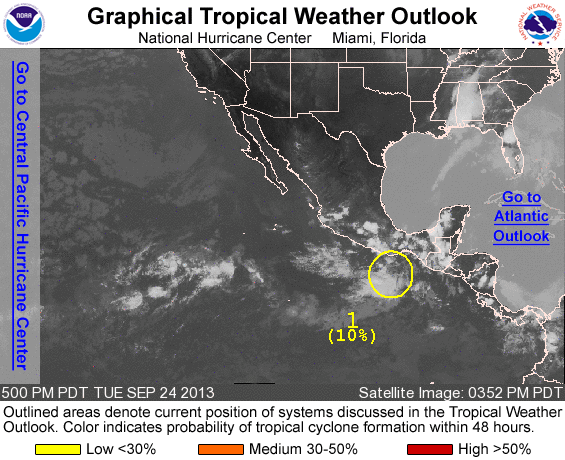
FOR THE EASTERN NORTH PACIFIC...EAST OF 140 DEGREES WEST LONGITUDE..

1. A SURFACE TROUGH IS LOCATED JUST OFF THE COAST OF SOUTHERN AND SOUTHWESTERN MEXICO. AN AREA OF LOW PRESSURE COULD FORM IN THIS AREA IN A COUPLE OF DAYS...BUT ENVIRONMENTAL CONDITIONS ARE NOT EXPECTED TO BE FAVORABLE FOR SIGNIFICANT DEVELOPMENT UNTIL LATER THIS WEEK. THIS SYSTEM HAS A LOW CHANCE...10 PERCENT...OF BECOMING A TROPICAL CYCLONE DURING THE NEXT 48 HOURS AND A MEDIUM CHANCE... 40 PERCENT...OF BECOMING A TROPICAL CYCLONE DURING THE NEXT 5 DAYS. REGARDLESS OF DEVELOPMENT...LOCALLY HEAVY RAINS ARE POSSIBLE OVER PORTIONS OF SOUTHERN AND SOUTHWESTERN MEXICO DURING THE NEXT SEVERAL DAYS.

FIVE-DAY FORMATION PROBABILITIES ARE EXPERIMENTAL IN 2013. COMMENTS ON THE EXPERIMENTAL FORECASTS CAN BE PROVIDED AT...

HTTP://WWW.NWS.NOAA.GOV/SURVEY/NWS-SURVEY.PHP?CODE=ETWO

FORECASTER BERG